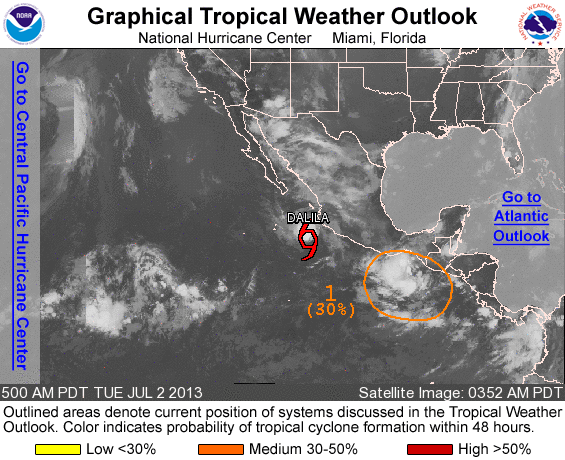
FOR THE EASTERN NORTH PACIFIC...EAST OF 140 DEGREES WEST LONGITUDE..

THE NATIONAL HURRICANE CENTER IS ISSUING ADVISORIES ON TROPICAL STORM DALILA...LOCATED A COUPLE OF HUNDRED MILES OFFSHORE OF THE SOUTHWESTERN COAST OF MEXICO.

1. AN AREA OF DISTURBED WEATHER EXTENDS SOUTHWARD FROM THE GULF OF TEHUANTEPEC FOR SEVERAL HUNDRED MILES. ENVIRONMENTAL CONDITIONS ARE EXPECTED TO BECOME CONDUCIVE FOR SLOW DEVELOPMENT OF THIS DISTURBANCE DURING THE NEXT COUPLE OF DAYS. THIS SYSTEM HAS A MEDIUM CHANCE...30 PERCENT...OF BECOMING A TROPICAL CYCLONE DURING THE NEXT 48 HOURS AS IT MOVES WESTWARD TO WEST-NORTHWESTWARD AT 10 MPH.

ELSEWHERE...TROPICAL CYCLONE FORMATION IS NOT EXPECTED DURING THE NEXT 48 HOURS.

FORECASTER ZELINSKY/PASCH